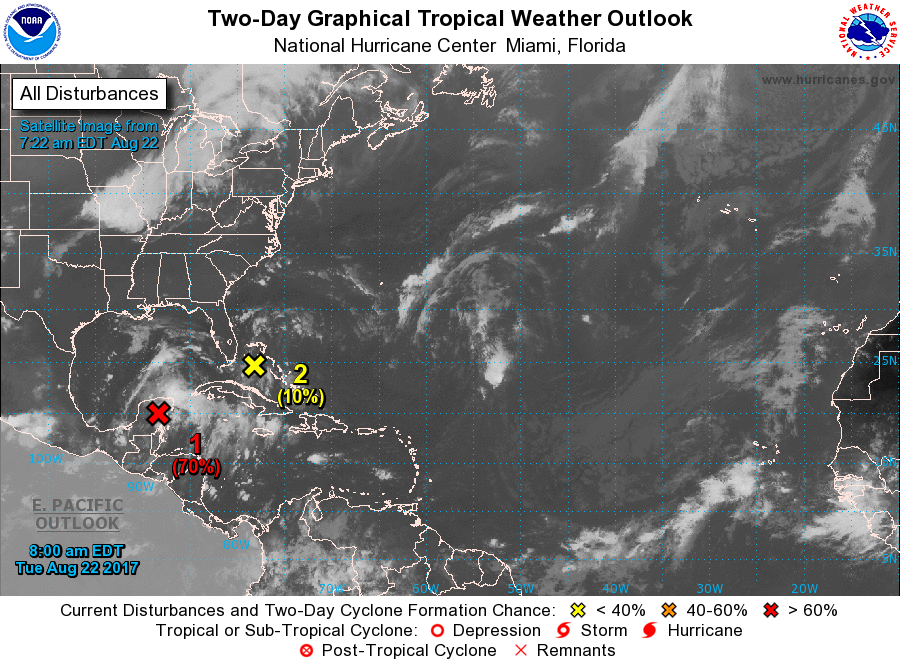
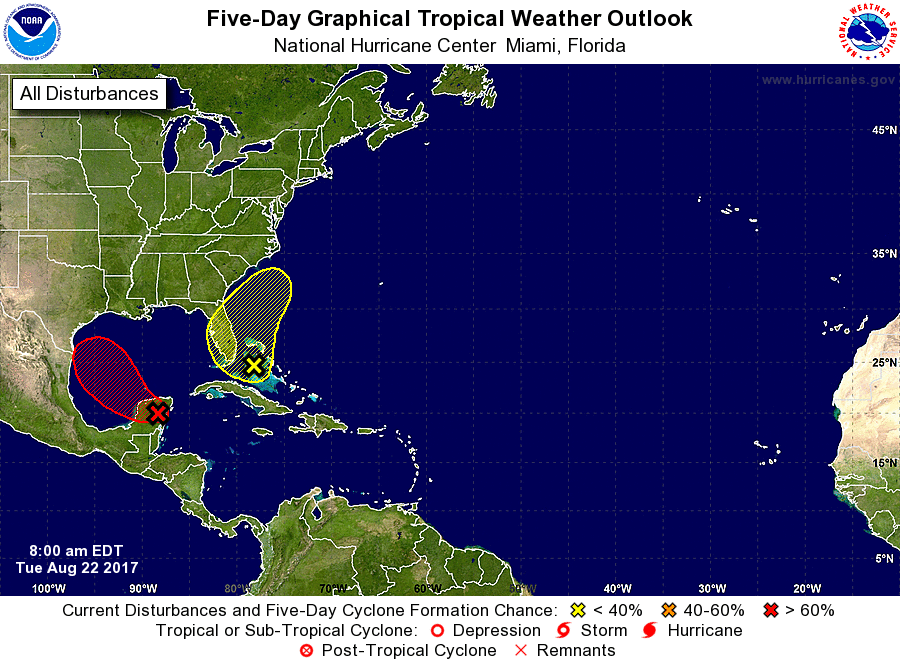
For the North Atlantic...Caribbean Sea and the Gulf of Mexico:

1. Disorganized showers and thunderstorms over the Yucatan Peninsula and adjacent water areas are associated with the remnants of Harvey. Environmental conditions are expected to be conducive for development when the system moves over the Bay of Campeche tonight, and a tropical depression is expected to form over the southwestern Gulf of Mexico on Wednesday or Thursday. Regardless of development, locally heavy rainfall and gusty winds are expected to spread westward across Belize and the Yucatan Peninsula during the next day or so. Interests in northeastern Mexico and along the Texas coast should monitor the progress of this system.
* Formation chance through 48 hours...high...70 percent.
* Formation chance through 5 days...high...90 percent.

2. Shower and thunderstorm activity associated with a broad trough of low pressure near the northwestern Bahamas remains limited. Any development of this system during the next few days should be slow to occur while it moves west-northwestward, and then turns northwestward or northward near Florida and the adjacent waters. Environmental conditions could become a little more conducive for development by the weekend when the system begins to move northeastward over the western Atlantic.
* Formation chance through 48 hours...low...10 percent.
* Formation chance through 5 days...low...30 percent.

Forecaster Blake